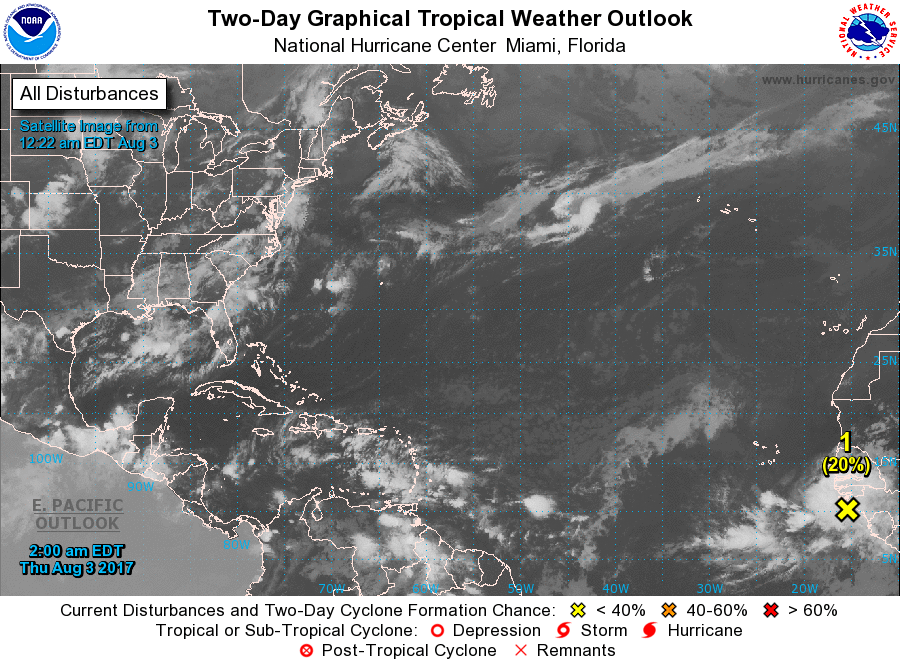
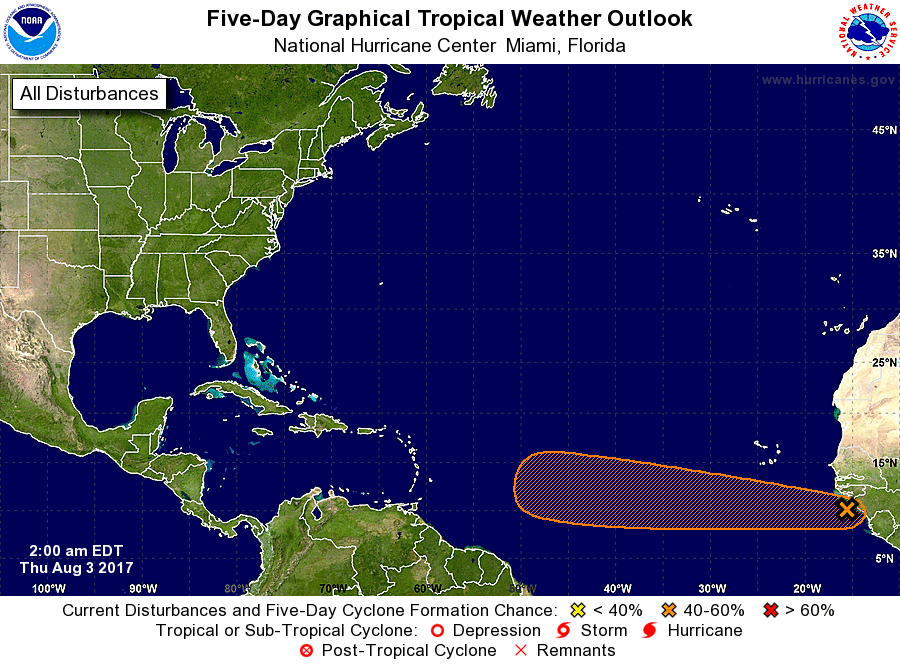
For the North Atlantic...Caribbean Sea and the Gulf of Mexico:

1. A large area of showers and thunderstorms near the west coast of Africa is associated with a tropical wave. Environmental conditions are forecast to be conducive for gradual development, and a tropical depression could form by early next week over the tropical Atlantic Ocean. This system is forecast to move toward the west or west- northwest at 10 to 15 mph for the next several days.
* Formation chance through 48 hours...low...20 percent.
* Formation chance through 5 days...medium...50 percent.

Forecaster Blake